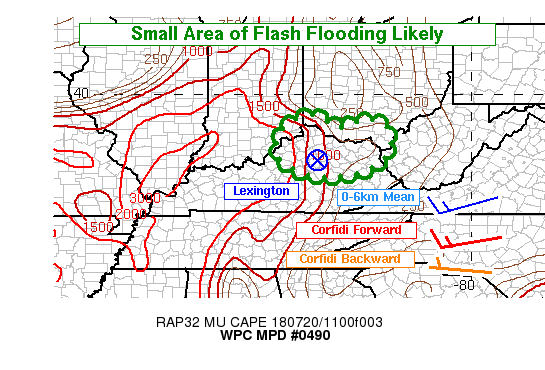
AREAS AFFECTED...SE IN...NRN KY...SW OH

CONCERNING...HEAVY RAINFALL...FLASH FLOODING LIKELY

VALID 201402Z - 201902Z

SUMMARY...FLASH FLOODING APPEARS INCREASINGLY LIKELY THIS MORNING
IN NORTHERN KY AND POSSIBLY ADJACENT IN/OH AS SYNOPTIC FORCING
INCREASES AND BECOMES LOCALLY FOCUSED.

DISCUSSION...PER SURFACE OBSERVATIONS AND RADAR LOOPS NEARING
14Z...A COLD POOL WAS BECOMING ESTABLISHED AND AN MCV WAS EVIDENT
NEAR LEXINGTON KY...THE MCV HAVING ORIGINATED WITH A LONG LIVED
MCS THAT HAD NOW MERGED WITH CONVECTION FORMING IN A BROADER
REGION OF WARM ADVECTION.

THE WARM ADVECTION WAS OCCURRING ALONG AND DOWNWIND FROM THE
INSTABILITY GRADIENT AS A WARM SECTOR SOUGHT TO BECOME ESTABLISHED
AHEAD OF A 2.0 STANDARD DEVIATION UPPER LOW DIGGING THROUGH THE
MIDWEST. CONTINUED HEIGHT FALLS AHEAD OF THIS FEATURE...AND
ASSOCIATED LOW LEVEL RESPONSE...WILL MAINTAIN 20-30 KT LOW LEVEL
INFLOW INTO THE COLD POOL/MCV REGION...STRONG INFLOW BY SUMMER
STANDARDS. UPSTREAM SOUNDINGS AND THE SPC MESOANALYSIS INDICATE
STEEP LOW TO MID LEVEL LAPSE RATES SUPPORTING A CONTINUED FEED OF
UNSTABLE AIR INTO THE BACK SIDE OF THE MCV...AND LIKELY SUPPORTING
REDEVELOPMENT OF NEW CONVECTION ALONG STORM FLANKS...RESULTING IN
TRAINING.

CELL MOTIONS ARE OF CONCERN...AS CORFIDI DOWNWIND PROPAGATION IS
ALIGNED WITH THE MEAN 0-6KM WIND IN THIS CASE...AND PROPAGATION
INTO THE INFLOW WOULD YIELD CORFIDI BACK MOTION OF ZERO TO 5 OR 10
KNOTS. COUPLE THIS SETUP WITH A SUPPORTIVE MODEL SIGNAL OF SPOTTY
3-5 INCH RAINFALL THROUGH 19Z...AND FLASH FLOODING WOULD APPEAR
LIKELY...ESPECIALLY NEAR THE ONGOING LINE OF CONVECTION AT 14Z
NEAR LEXINGTON. ELSEWHERE IT REMAINS TO BE SEEN...BUT HEAVY SHORT
TERM RATES OVER 1.50 INCHES PER HOUR ARE POSSIBLE FARTHER
EAST...AND OTHER CLUSTERS OF STORMS MAY FORM BACK TO THE NORTH
TOWARD CINCINNATI OVER TIME AS THE WARM SECTOR CONTINUES TO EXPAND.